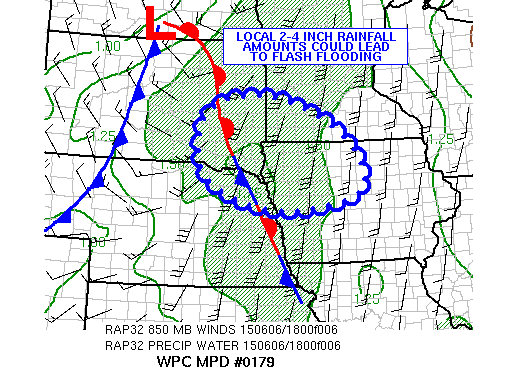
AREAS AFFECTED......EASTERN NE/SOUTHEAST SD/SOUTHWEST MN/WESTERN
IA...

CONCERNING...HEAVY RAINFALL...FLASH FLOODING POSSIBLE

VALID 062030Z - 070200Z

SUMMARY...A DEVELOPING MCS PRODUCING VERY HEAVY RAINFALL COULD
RESULT IN FLASH FLOODING.

DISCUSSION...CONVECTION IS BEGINNING TO DEVELOP OVER WESTERN
IA...EAST OF THE FRONTAL BOUNDARY EXTENDING FROM EASTERN SD
THROUGH EASTERN NE...IN AN AREA OF MLCAPE VALUES BETWEEN 2500 AND
3500 J/KG. A STRENGTHENING 25 TO 35 KNOT LOW LEVEL JET TRANSPORTS
1.75 INCH PRECIPITABLE WATER AIR UP ALONG THE FRONT. AS A SHORT
WAVE TRACKS FROM WY/CO THROUGH THE SD/MN THIS EVENING... THE AREAL
EXTENT OF THE CONVECTION IS EXPECTED TO INCREASE.

THERE IS A STRONG HIGH RESOLUTION MODEL SIGNAL THAT AN MCS
DEVELOPS OVER SOUTHEAST SD/NORTHEAST NE BEFORE 00Z...WHICH THEN
TRACKS ACROSS NORTHWEST IA THROUGH 02Z. GIVEN THE INSTABILITY AND
HIGH MOISTURE CONTENT AIR IN PLACE...LOCAL 2 TO 4 INCH RAINFALL
AMOUNTS ARE POSSIBLE...ESPECIALLY IF BACKBUILDING OCCURS BETWEEN
00-02Z (WHICH IS SUGGESTED BY THE NAM SIMULATED SATELLITE IMAGERY
OVER NORTHWEST IA). THESE AMOUNTS ARE SUPPORTED BY THE LATEST
EXPERIMENTAL HRRR...AS WELL AS THE 12Z NSSL WRF AND 12Z WRF ARW.

THE THREAT FOR FLASH FLOODING COULD EXTEND BEYOND 02Z ACROSS
PORTIONS OF NORTHEAST NE/WESTERN IA...AS THE MCS TRACKS SOUTHEAST.
IF THIS OCCURS...ANOTHER MPD WOULD BE ISSUED THIS EVENING TO
EXPAND THE FLASH FLOOD THREAT.